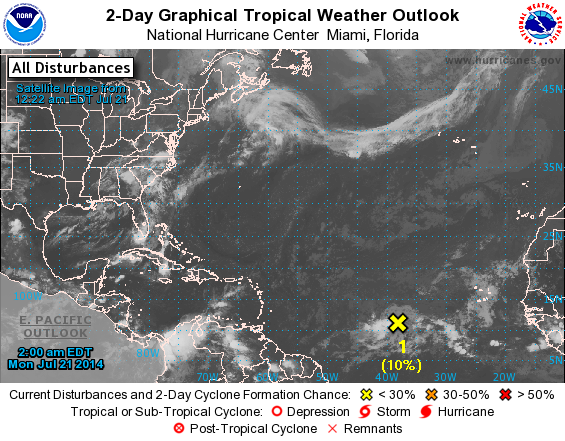
For the North Atlantic...Caribbean Sea and the Gulf of Mexico:

1. A broad area of low pressure located about 1000 miles west-southwest of the Cape Verde Islands continues to produce disorganized showers and thunderstorms. Development, if any, of this system should be slow to occur over the next couple of days while it moves to the west or west-northwest at 15 to 20 mph. After that time, environmental conditions are expected to become unfavorable for development.
* Formation chance through 48 hours...low...10 percent.
* Formation chance through 5 days...low...10 percent.

Forecaster Blake